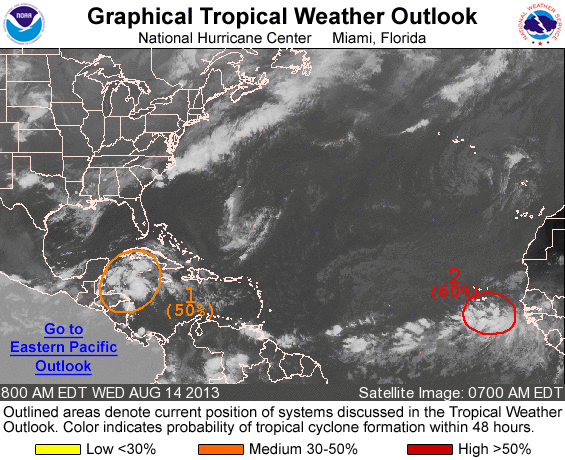
FOR THE NORTH ATLANTIC...CARIBBEAN SEA AND THE GULF OF MEXICO...

1. SURFACE OBSERVATIONS INDICATE THAT AN AREA OF LOW PRESSURE COULD BE FORMING BETWEEN THE NORTHEASTERN TIP OF HONDURAS AND THE CAYMAN ISLANDS WHERE THE SHOWER ACTIVITY HAS BECOME CONCENTRATED DURING THE PAST SEVERAL HOURS. UPPER-LEVEL WINDS ARE FAVORABLE FOR ADDITIONAL DEVELOPMENT OF THIS DISTURBANCE OVER THE NEXT COUPLE OF DAYS...AS IT MOVES NORTHWESTWARD AT 10 TO 15 MPH TOWARD THE YUCATAN PENINSULA AND SOUTHERN GULF OF MEXICO. THIS SYSTEM HAS A MEDIUM CHANCE...50 PERCENT...OF BECOMING A TROPICAL CYCLONE DURING THE NEXT 48 HOURS...AND A HIGH CHANCE...60 PERCENT...OF BECOMING A TROPICAL CYCLONE DURING THE NEXT 5 DAYS. INTERESTS IN THE YUCATAN PENINSULA AND THE SOUTHERN GULF OF MEXICO SHOULD MONITOR THE PROGRESS OF THIS DISTURBANCE.

2. SHOWERS AND THUNDERSTORMS ASSOCIATED WITH A LOW PRESSURE SYSTEM LOCATED A FEW HUNDRED MILES SOUTHEAST OF THE CAPE VERDE ISLANDS CONTINUE TO SHOW SIGNS OF ORGANIZATION. ENVIRONMENTAL CONDITIONS ARE CONDUCIVE FOR ADDITIONAL DEVELOPMENT DURING THE NEXT COUPLE OF DAYS...AND THIS SYSTEM HAS A HIGH CHANCE...60 PERCENT...OF BECOMING A TROPICAL CYCLONE DURING THE NEXT 48 HOURS. AFTER THAT TIME...THE LOW WILL BE MOVING TOWARD A LESS FAVORABLE ENVIRONMENT...WHICH COULD LIMIT DEVELOPMENT. THIS SYSTEM HAS A HIGH CHANCE...60 PERCENT...OF BECOMING A TROPICAL CYCLONE DURING THE NEXT 5 DAYS. INTERESTS IN THE CAPE VERDE ISLANDS SHOULD MONITOR THE PROGRESS OF THIS SYSTEM.

FIVE-DAY FORMATION PROBABILITIES ARE EXPERIMENTAL IN 2013. COMMENTS ON THE EXPERIMENTAL FORECASTS CAN BE PROVIDED AT...

HTTP://WWW.NWS.NOAA.GOV/SURVEY/NWS-SURVEY.PHP?CODE=ETWO

FORECASTER AVILA